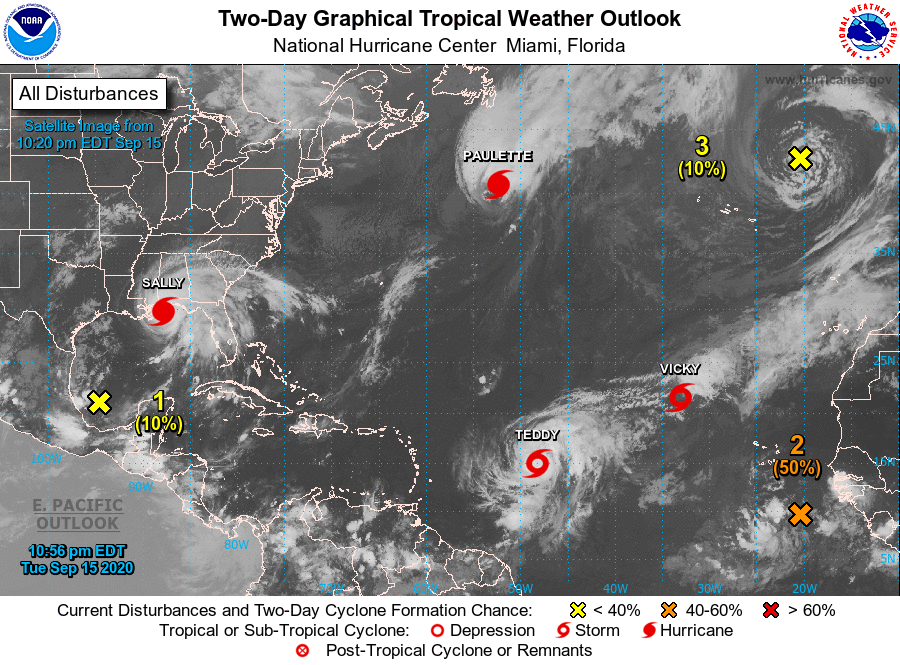
For the North Atlantic...Caribbean Sea and the Gulf of Mexico:

The National Hurricane Center is issuing advisories on Hurricane Paulette, located several hundred miles south of Cape Race, Newfoundland, on Hurricane Sally, centered less than a hundred miles south of the coast of Alabama, on Tropical Storm Teddy, located over the central tropical Atlantic, and on Tropical Storm Vicky, located over the eastern tropical Atlantic.

1. An elongated area of low pressure over the southwestern Gulf of Mexico is producing disorganized showers and thunderstorms that extend a couple of hundred miles off the coast of northeastern Mexico. Development of this system should be slow to occur while the low meanders over the southern Gulf of Mexico for the next several days.
* Formation chance through 48 hours...low...10 percent.
* Formation chance through 5 days...low...20 percent.

2. Showers and thunderstorms associated with an area of low pressure located a few hundred miles south-southeast of the Cabo Verde Islands have changed little during the past several hours. Environmental conditions are conducive for development of this system, however, and a tropical depression is likely to form during the next few days while the system moves generally westward at 10 to 15 mph.
* Formation chance through 48 hours...medium...50 percent.
* Formation chance through 5 days...high...70 percent.

3. A non-tropical area of low pressure is located over the far northeastern Atlantic Ocean several hundred miles northeast of the Azores. This system could acquire some subtropical characteristics while it moves southeastward at about 10 mph during the next couple of days. For more information on this system, see High Seas Forecasts issued by Meteo France.
* Formation chance through 48 hours...low...10 percent.
* Formation chance through 5 days...low...20 percent.

High Seas Forecasts issued by Meteo France can be found under WMO header FQNT50 LFPW and available on the web at www.meteofrance.com/previsions-meteo-marine/bulletin/grandlarge/ metarea2

Forecaster Berg